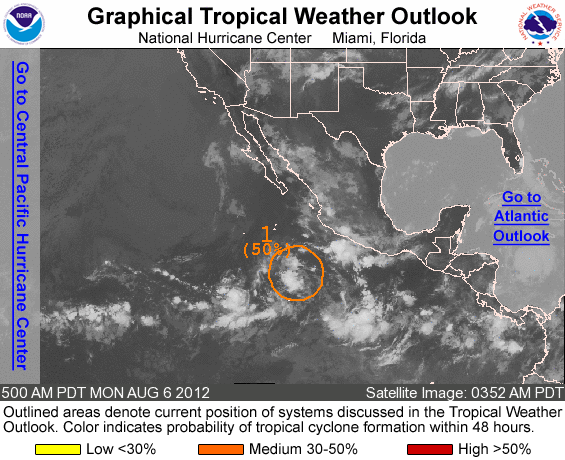
FOR THE EASTERN NORTH PACIFIC...EAST OF 140 DEGREES WEST LONGITUDE..

1. SHOWERS AND THUNDERSTORMS CONTINUE IN ASSOCIATION WITH A LOW PRESSURE AREA LOCATED ABOUT 560 MILES WEST-SOUTHWEST OF ACAPULCO MEXICO. ENVIRONMENTAL CONDITIONS APPEAR CONDUCIVE FOR DEVELOPMENT...AND THIS LOW COULD BECOME A TROPICAL DEPRESSION DURING THE NEXT DAY OR TWO. THIS SYSTEM HAS A MEDIUM CHANCE...50 PERCENT...OF BECOMING A TROPICAL CYCLONE AS IT MOVES WEST-NORTHWESTWARD AT 10 TO 15 MPH DURING THE NEXT 48 HOURS.

ELSEWHERE...TROPICAL CYCLONE FORMATION IS NOT EXPECTED DURING THE NEXT 48 HOURS.

FORECASTER ROBERTS